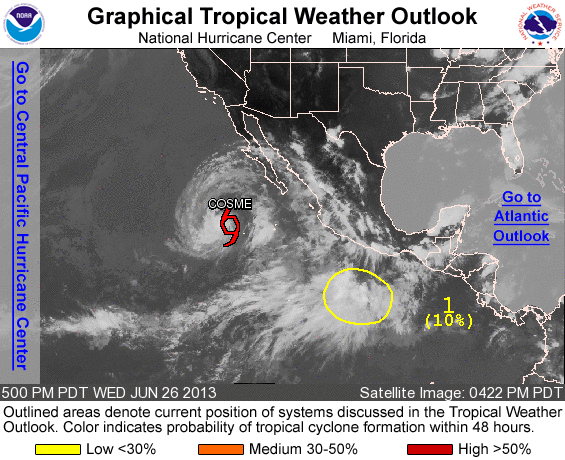
FOR THE EASTERN NORTH PACIFIC...EAST OF 140 DEGREES WEST LONGITUDE..

THE NATIONAL HURRICANE CENTER IS ISSUING ADVISORIES ON TROPICAL STORM COSME...LOCATED SEVERAL HUNDRED MILES WEST-SOUTHWEST OF THE SOUTHERN TIP OF THE BAJA CALIFORNIA PENINSULA.

1. AN AREA OF DISTURBED WEATHER LOCATED SEVERAL HUNDRED MILES SOUTH OF ACAPULCO MEXICO IS PRODUCING A LARGE AREA OF DISORGANIZED SHOWERS AND THUNDERSTORMS. UPPER-LEVEL WINDS ARE NOT CURRENTLY CONDUCIVE FOR DEVELOPMENT...BUT ARE EXPECTED TO BECOME MORE FAVORABLE IN A DAY OR SO. THIS SYSTEM HAS A LOW CHANCE...10 PERCENT...OF BECOMING A TROPICAL CYCLONE DURING THE NEXT 48 HOURS AS IT MOVES SLOWLY WEST-NORTHWESTWARD.

ELSEWHERE...TROPICAL CYCLONE FORMATION IS NOT EXPECTED DURING THE NEXT 48 HOURS.

FORECASTER KIMBERLAIN